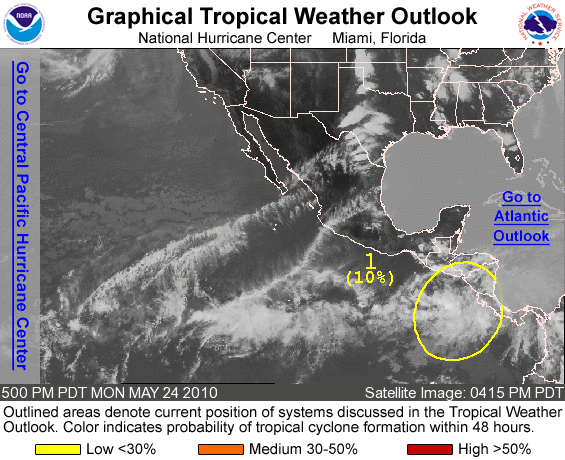
FOR THE EASTERN NORTH PACIFIC...EAST OF 140 DEGREES WEST LONGITUDE..

1. AN AREA OF DISTURBED WEATHER HAS FORMED NEAR CENTRAL AMERICA...A FEW HUNDRED MILES WEST OF COSTA RICA. ALTHOUGH ADDITIONAL DEVELOPMENT IS NOT ANTICIPATED...THIS SYSTEM COULD BRING HEAVY RAINS OVER COSTA RICA...NICARAGUA AND HONDURAS DURING THE NEXT FEW DAYS AS THE SYSTEM MOVES SLOWLY TOWARD THE NORTHWEST. THERE IS A LOW CHANCE...10 PERCENT...OF THIS SYSTEM BECOMING A TROPICAL CYCLONE DURING THE NEXT 48 HOURS.

TROPICAL CYCLONE FORMATION IS NOT EXPECTED DURING THE NEXT 48 HOURS.

FORECASTER AVILA/BLAKE